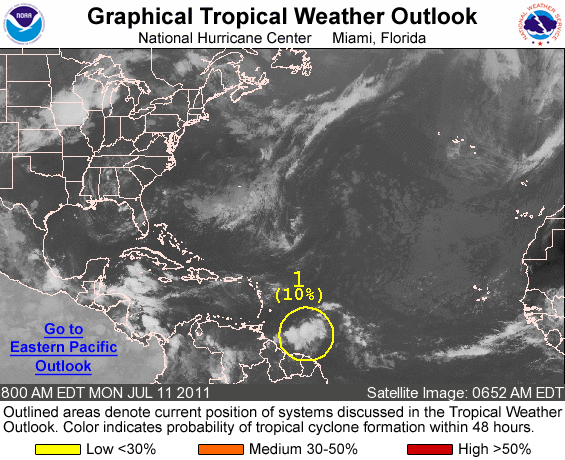
FOR THE NORTH ATLANTIC...CARIBBEAN SEA AND THE GULF OF MEXICO...

1. A TROPICAL WAVE LOCATED ABOUT 600 MILES EAST OF THE SOUTHERN WINDWARD ISLANDS IS PRODUCING DISORGANIZED SHOWERS AND THUNDERSTORMS. ALTHOUGH SIGNIFICANT DEVELOPMENT OF THIS SYSTEM IS NOT EXPECTED...SHOWERS AND GUSTY WINDS COULD AFFECT THE SOUTHERN WINDWARD ISLANDS DURING THE NEXT COUPLE OF DAYS. THIS SYSTEM HAS A LOW CHANCE...10 PERCENT...OF BECOMING A TROPICAL CYCLONE DURING THE NEXT 48 HOURS AS IT MOVES WESTWARD AT 15 TO 20 MPH.

ELSEWHERE...TROPICAL CYCLONE FORMATION IS NOT EXPECTED DURING THE NEXT 48 HOURS.

FORECASTER CANGIALOSI